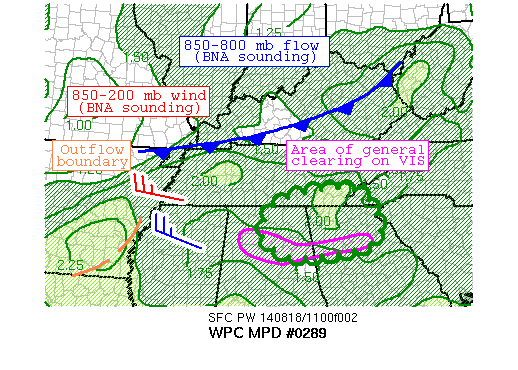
AREAS AFFECTED...SOUTHEASTERN TN/SOUTHWESTERN NC/NORTHEASTERN
AL/NORTHERN GA...

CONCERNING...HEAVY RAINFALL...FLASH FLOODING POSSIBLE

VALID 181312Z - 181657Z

SUMMARY...UNIDIRECTIONAL FLOW ACROSS THE LOWER TN VALLEY HAS
PROMOTED TRAINING/BACKBUILDING CONVECTION THIS MORNING. EXPECT THE
ACTIVITY TO GRADUALLY SLIDE SOUTH AND EAST INTO THE BETTER
INSTABILITY DURING THE NEXT FEW HOURS.

DISCUSSION...THE 12Z BNA SOUNDING DEPICTED A VERY FAVORABLE
SOUNDING FOR HEAVY RAINFALL AND SLOW-MOVING CONVECTION. A NEARLY
SATURATED PROFILE WAS OBSERVED FROM THE SURFACE UP TO 675 MB WITH
STRONG LOW-LEVEL WESTERLY INFLOW AT 20 TO 30 KNOTS. THIS WIND
PROFILE WAS NEARLY EQUAL IN SPEED AND MAGNITUDE WITH THE
MEAN-CLOUD BEARING FLOW RESULTING IN NEARLY NEGLIGIBLE CORFIDI
VECTORS. DURING THE NEXT FEW HOURS THE PERSISTENT WESTERLY FLOW
WILL ADVECT THE HIGHER MOISTURE FROM THE ARKLATEX EASTWARD INTO
THE LOWER TN VALLEY AND DEEP SOUTH. THE ONGOING HEAVY RAINFALL HAS
BEEN PRODUCING 1 TO 2 INCH HOURLY RATES WITH ISOLATED POCKETS OF 3
INCHES PER DOPPLER DERIVED QPE. SUCH RATES SHOULD CONTINUE GIVEN
THE INTEGRITY OF THE CONVECTION HAS NOT CHANGED MUCH IN RECENT
SCANS.

MULTIPLE SHORTWAVES TRACKING EASTWARD SHOULD CONTINUE TO PROVIDE A
MID-LEVEL FOCUS FOR ADDITIONAL CONVECTION AS SURFACE HEATING
COMMENCES. THE GUIDANCE VARY WITH THE TIMING/PLACEMENT OF THIS
CONVECTION BUT THERE IS AGREEMENT THAT THE ONGOING ACTIVITY SHOULD
PERSIST AT LEAST ANOTHER FEW HOURS ACROSS NORTHERN GA.